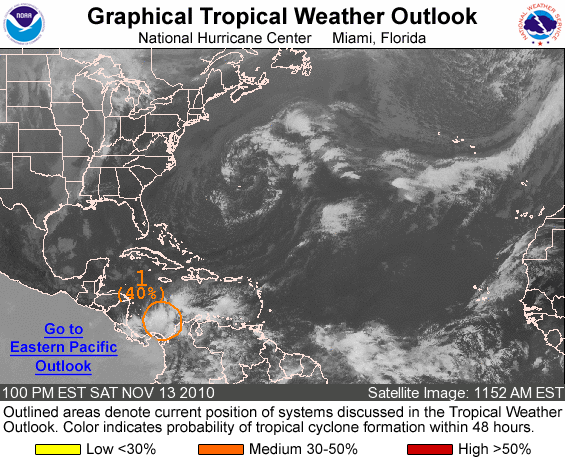
FOR THE NORTH ATLANTIC...CARIBBEAN SEA AND THE GULF OF MEXICO...

1. SHOWER AND THUNDERSTORM ACTIVITY ASSOCIATED WITH THE AREA OF LOW PRESSURE OVER THE EXTREME SOUTHERN CARIBBEAN SEA CONTINUES TO SHOW SIGNS OF ORGANIZATION. CONDITIONS APPEAR FAVORABLE FOR SLOW DEVELOPMENT OF THIS SYSTEM OVER THE NEXT COUPLE OF DAYS AS IT DRIFTS WEST-NORTHWESTWARD. THERE IS A MEDIUM CHANCE...40 PERCENT ...OF THIS SYSTEM BECOMING A TROPICAL CYCLONE DURING THE NEXT 48 HOURS.

ELSEWHERE...TROPICAL CYCLONE FORMATION IS NOT EXPECTED DURING THE NEXT 48 HOURS.

FORECASTER BRENNAN